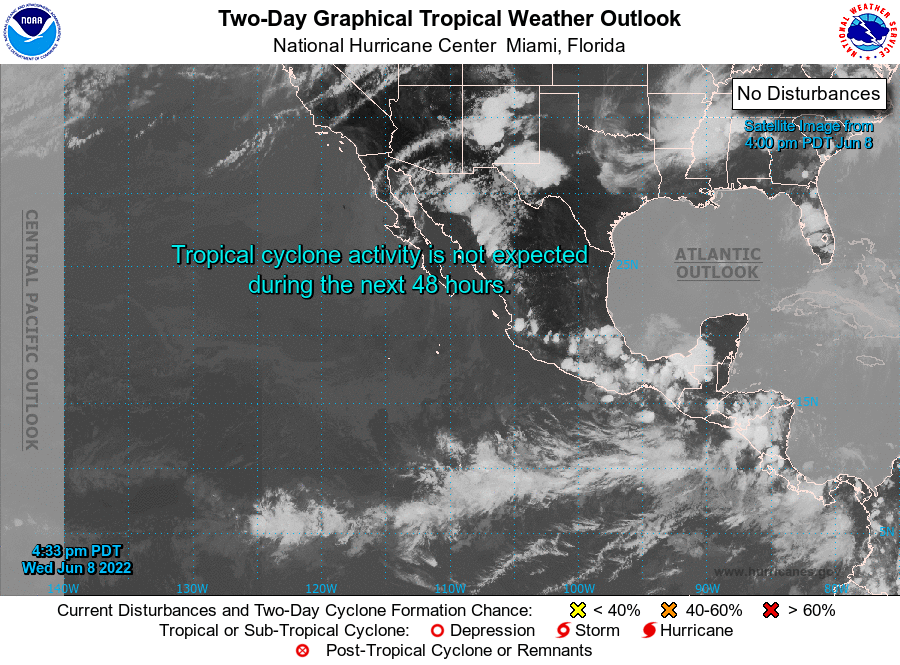
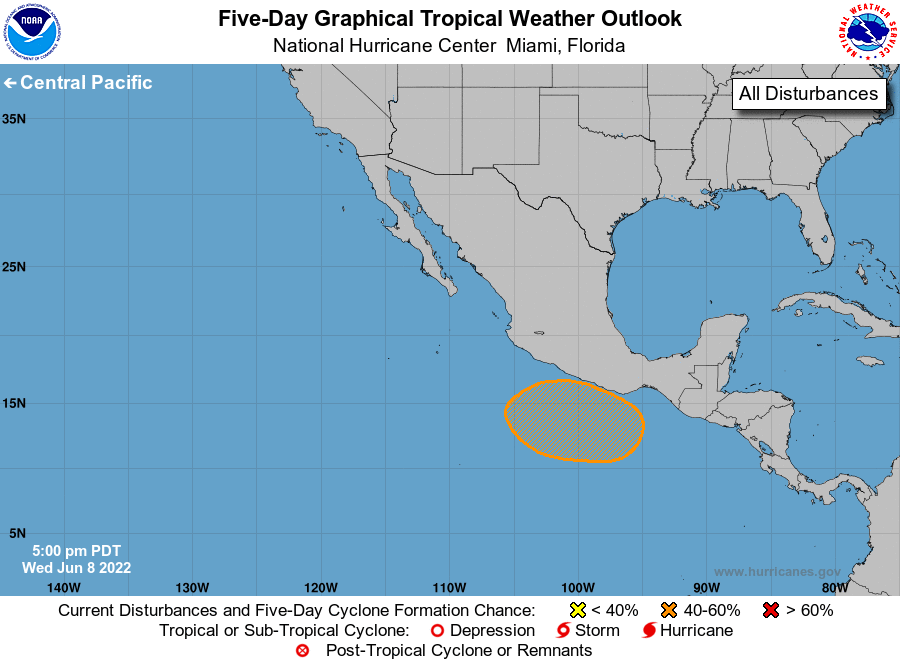
For the eastern North Pacific...east of 140 degrees west longitude:

1. Off the coast of southern Mexico: A broad area of low pressure is forecast to form off the coast of southern Mexico over the next couple of days. Gradual development of this system is possible thereafter, and a tropical depression could form this weekend or early next week while it moves little or drifts northward.
* Formation chance through 48 hours...low...near 0 percent.
* Formation chance through 5 days...medium...60 percent.

Forecaster Beven/Bucci